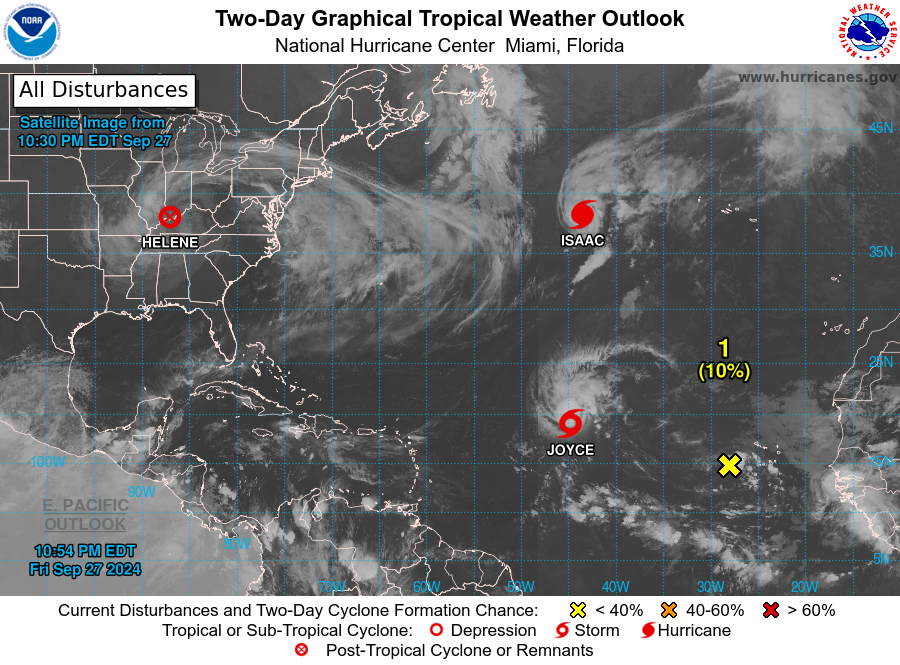
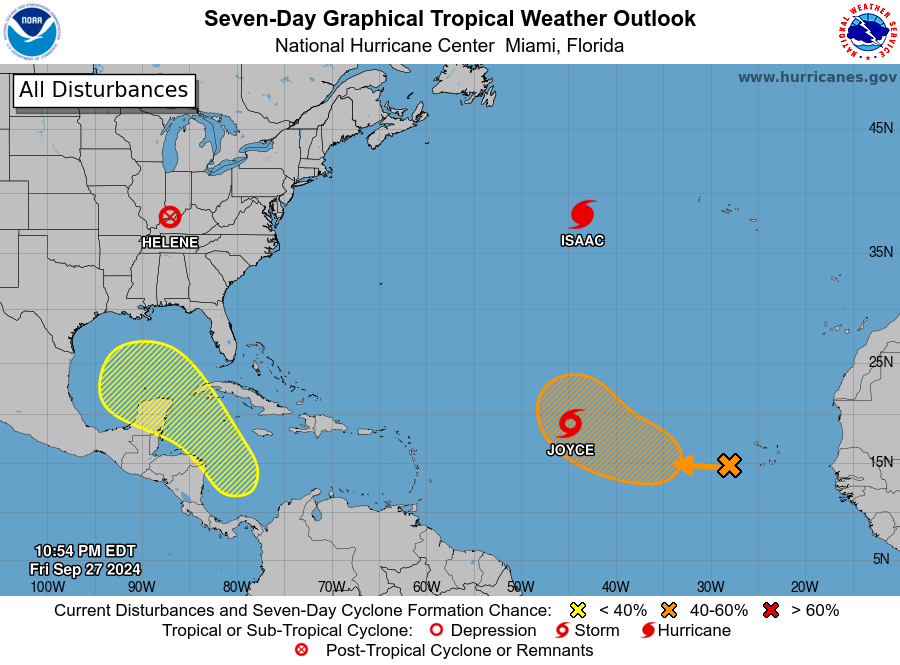
For the North Atlantic...Caribbean Sea and the Gulf of Mexico:

Active Systems: The National Hurricane Center is issuing advisories on Hurricane Isaac, located over the central Subtropical Atlantic Ocean, and on Tropical Storm Joyce, located over the central Tropical Atlantic Ocean. The Weather Prediction Center is issuing advisories on Post-Tropical Cyclone Helene, located inland over the Ohio River Valley.

1. Eastern and Central Tropical Atlantic: A broad and elongated area of low pressure, associated with a tropical wave, is producing limited shower activity near and to the west of the Cabo Verde Islands. Environmental conditions appear conducive for gradual development of this system, and a tropical depression could form next week while moving toward the west and then northwest at about 10 mph across the eastern and central tropical Atlantic.
* Formation chance through 48 hours...low...10 percent.
* Formation chance through 7 days...medium...40 percent.

2. Western Caribbean Sea and Gulf of Mexico: An area of low pressure could form over the western Caribbean Sea by the middle of next week. Environmental conditions are expected to be conducive for slow development thereafter while the system moves generally northwestward, likely entering the Gulf of Mexico by the end of next week.
* Formation chance through 48 hours...low...near 0 percent.
* Formation chance through 7 days...low...30 percent.

Public Advisories on Tropical Storm Joyce are issued under WMO header WTNT31 KNHC and under AWIPS header MIATCPAT1. Forecast/Advisories on Tropical Storm Joyce are issued under WMO header WTNT21 KNHC and under AWIPS header MIATCMAT1.

Forecaster Berg